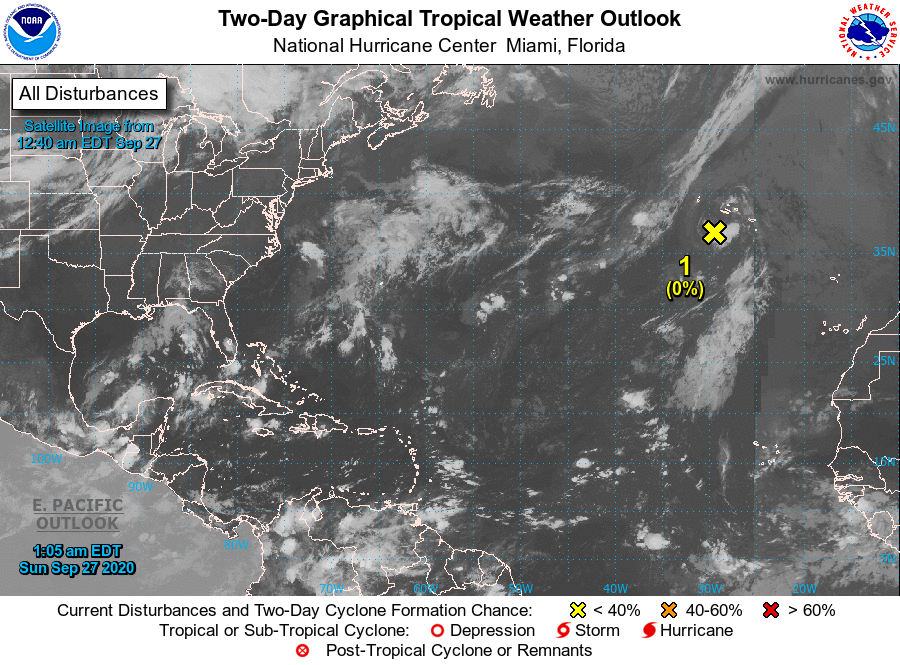
For the North Atlantic...Caribbean Sea and the Gulf of Mexico:

1. Shower activity has increased this evening in association with a low pressure area, the remnants of Paulette, located about 150 miles south-southwest of the Azores. However, environmental conditions do not appear to be conducive for re-development into a tropical cyclone at this time The low is expected to move erratically over the northeastern Atlantic for the next few days.
* Formation chance through 48 hours...low...near 0 percent.
* Formation chance through 5 days...low...near 0 percent.

Forecaster Beven